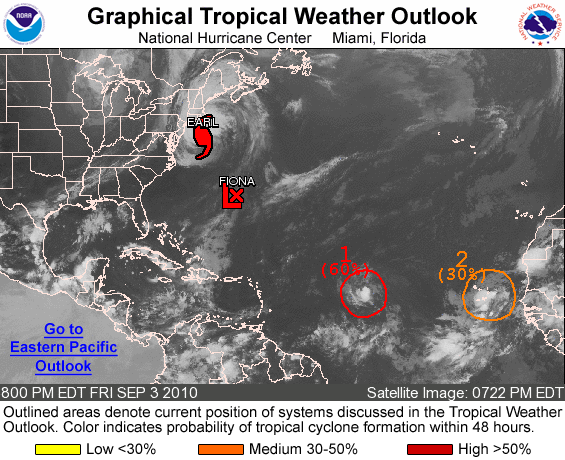
FOR THE NORTH ATLANTIC...CARIBBEAN SEA AND THE GULF OF MEXICO...

THE NATIONAL HURRICANE CENTER IS ISSUING ADVISORIES ON HURRICANE EARL...LOCATED ABOUT 155 MILES SOUTH-SOUTHWEST OF NANTUCKET MASSACHUSETTS...AND ON RECENTLY DOWNGRADED TROPICAL DEPRESSION FIONA...LOCATED ABOUT 100 MILES SOUTH-SOUTHWEST OF BERMUDA.

1. SHOWERS AND THUNDERSTORMS HAVE INCREASED IN ASSOCIATION WITH THE REMNANT LOW OF GASTON...WHICH IS LOCATED ABOUT HALFWAY BETWEEN THE CAPE VERDE ISLANDS AND THE LESSER ANTILLES. ENVIRONMENTAL CONDITIONS ARE CONDUCIVE FOR GRADUAL DEVELOPMENT...AND A TROPICAL DEPRESSION COULD RE-FORM DURING THE NEXT COUPLE OF DAYS AS THE SYSTEM MOVES WESTWARD AT AROUND 10 MPH. THERE IS A HIGH CHANCE ...60 PERCENT...OF THIS SYSTEM BECOMING A TROPICAL CYCLONE AGAIN DURING THE NEXT 48 HOURS.

2. SHOWERS AND THUNDERSTORMS ASSOCIATED WITH AN AREA OF LOW PRESSURE LOCATED BETWEEN THE WEST COAST OF AFRICA AND THE CAPE VERDE ISLANDS HAVE CHANGED LITTLE THIS EVENING. ENVIRONMENTAL CONDITIONS APPEAR MARGINALLY CONDUCIVE FOR SOME SLOW DEVELOPMENT DURING THE NEXT COUPLE OF DAYS. THERE IS A MEDIUM CHANCE...30 PERCENT...OF THIS SYSTEM BECOMING A TROPICAL CYCLONE DURING THE NEXT 48 HOURS AS IT MOVES NORTHWESTWARD NEAR 10 MPH.

ELSEWHERE...TROPICAL CYCLONE FORMATION IS NOT EXPECTED DURING THE NEXT 48 HOURS.

FORECASTER ROBERTS/BRENNAN